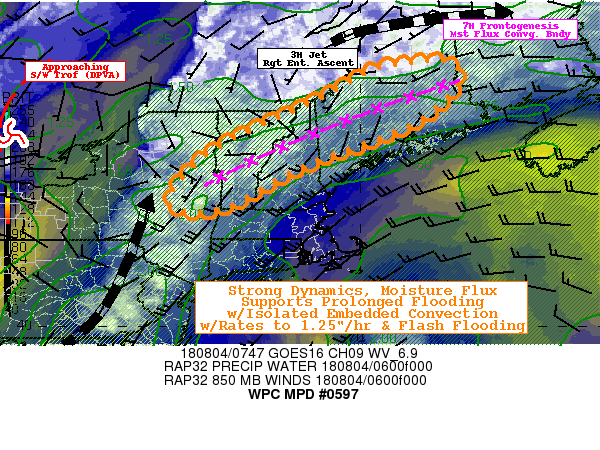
Areas affected...Northeastern NY...VT...Northern NH...Central
ME...

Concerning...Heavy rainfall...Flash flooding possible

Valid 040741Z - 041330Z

SUMMARY...Persistent moderate rainfall with embedded convective
elements to produce 2-3" totals over 3-6hrs leading to flooding
with possible flashy conditions at times in complex terrain.

DISCUSSION...Strong dynamic forcing and increasing moisture flux
on a ribbon of deep moisture will maintain isentropic ascent for
the next few hours.  GOES-16 WV suite depict baroclinic leaf with
increasing transverse banding indicating solid upper level
diffluence and divergence across northeast NY into VT/NH at this
time.  Upstream strong shortwave over W NY is advancing eastward
supporting DPVA and low level frontogenetic forcing along the 7H
boundary from the southern Adirondack Mtns through the
Greens/Whites into the ME Blue Mtn Ranges across to Penobscot
county, ME.  Along and south of the boundary, CIRA Layered PWAT
show increasing but narrow ribbon of moisture currently supporting
about 1.75" Total PWATs available for isentropic ascent.   Twenty
to thirty knot 85-7H flow is backed ever so slightly to provide
sufficient convergence and ascent.  While lapse rates are in the
5-5.5C/km range, there is some available slantwise instability
from the southeast to allow for some isolated convective elements
within the line.  Generally, up to .5"/hr rain rates are supported
by the amount of flux/forcing but up to 1"-1.25"/hr are supported
by CXX/GYX radars which given the deep tropical moisture
availability seem reasonable.  Given complex terrain to aid
additional ascent but also lead to high runoff flow, flash
flooding is possible through the next few hours with these
convective elements.

With time, as the main shortwave advances east, the orientation of
the mean flow will shift from W-E to more SSW-NNE with the pivot
of rotation near MWN to Oxford county, ME...increasing the risk
here only exacerbated by the 2-3" already estimated per RADAR.
The increased angle of 850mb flow to the boundary as well as the
White mountain range are likely to contribute to increased rates
after 12z as well, adding to the longer term/inundation flooding
with time.